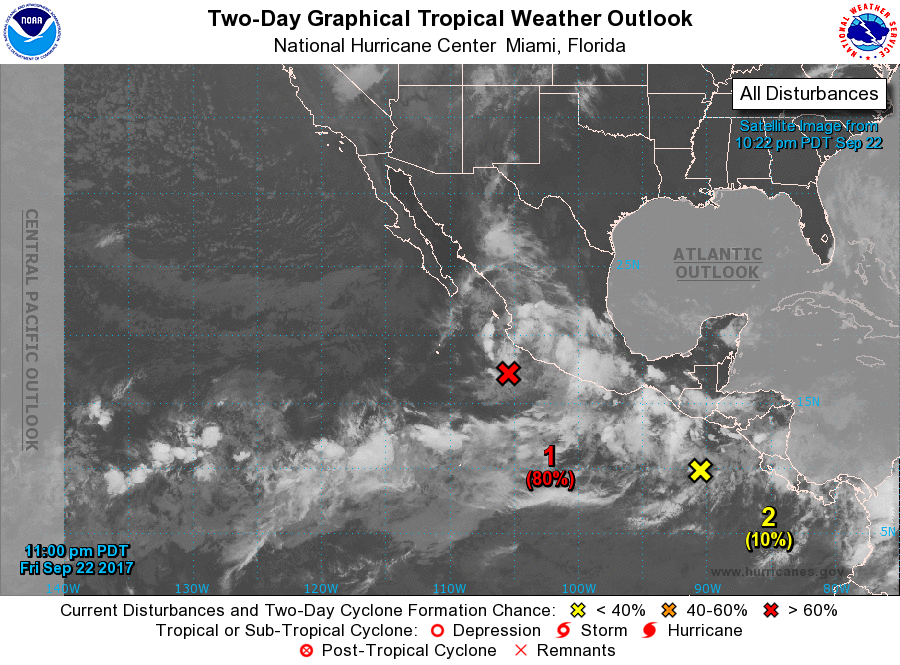
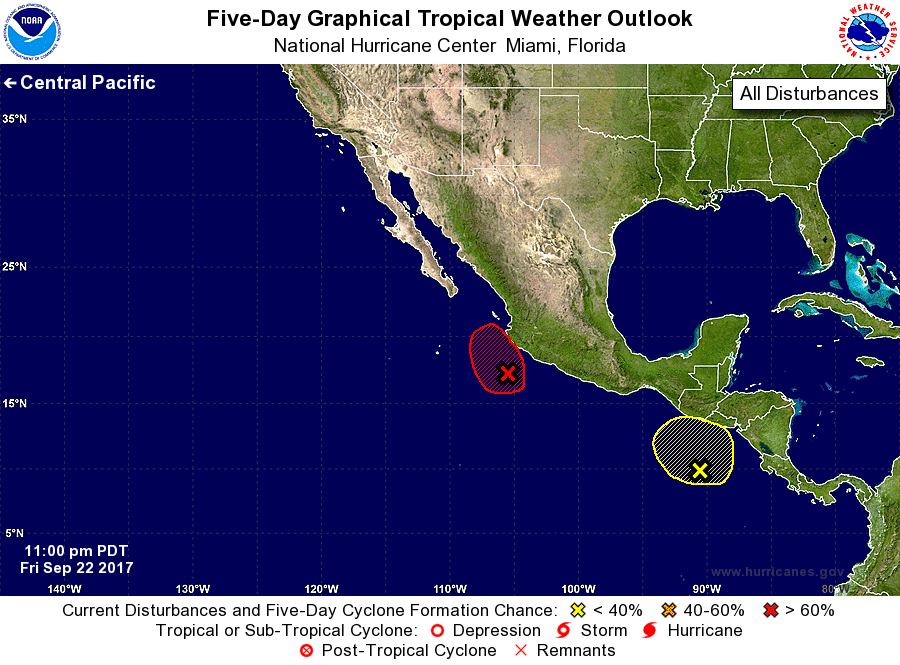
For the eastern North Pacific...east of 140 degrees west longitude:

1. Shower and thunderstorm activity associated with an elongated low pressure system near the southwest coast of Mexico has decreased since yesterday. However, environmental conditions still appear to be favorable for development, and a tropical depression is likely to form during the next couple of days as the system moves slowly northwestward or northward near the coast. Interests in Colima and Jalisco should monitor the progress of this system for any potential watches or warnings issued this weekend. Regardless of development, very heavy rains are expected over portions of southwestern Mexico during the next several days.
* Formation chance through 48 hours...high...80 percent.
* Formation chance through 5 days...high...90 percent.

2. A large area of disorganized showers and thunderstorms over the far eastern Pacific is associated with a broad area of low pressure. Some gradual development of this system is possible over the next few days before the system moves over Central America early next week.
* Formation chance through 48 hours...low...10 percent.
* Formation chance through 5 days...low...30 percent.

Forecaster Zelinsky